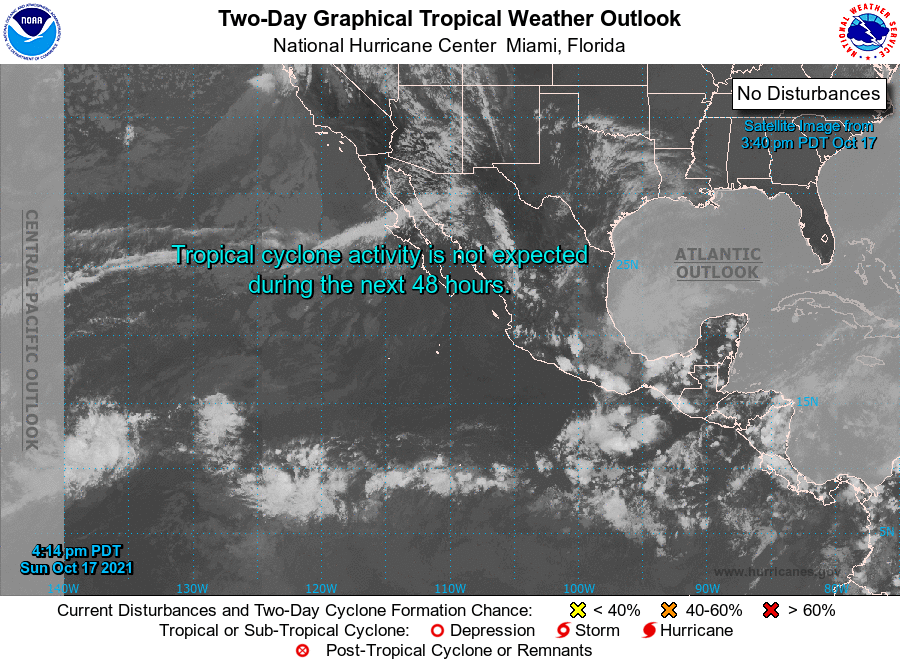
For the eastern North Pacific...east of 140 degrees west longitude:

1. A broad area of low pressure is expected to form around the middle of the week a couple of hundred miles south of the coast of southern Mexico. Some slow development of this system is possible thereafter as it moves west-northwestward off the coast of Mexico.
* Formation chance through 48 hours...low...near 0 percent.
* Formation chance through 5 days...low...20 percent.

Forecaster Cangialosi